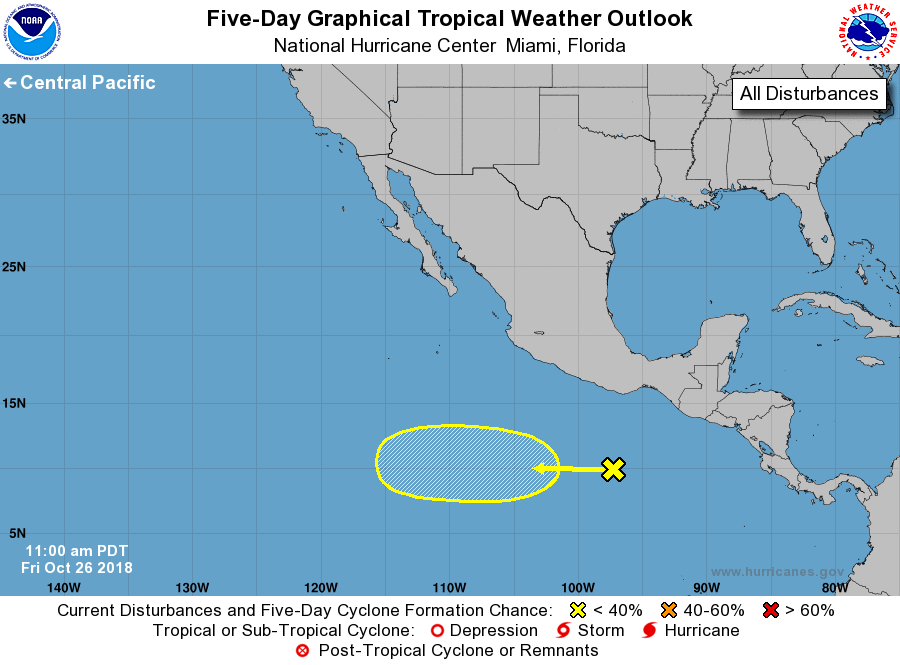
For the eastern North Pacific...east of 140 degrees west longitude:

1. A trough of low pressure continues to produce persistent but disorganized showers and thunderstorms several hundred miles south of the Gulf of Tehuantepec. Although strong upper-level winds and nearby dry air should limit development during the next couple of days, some slow organization of this disturbance is possible late this weekend and early next week while it moves generally westward at 10 to 15 mph.
* Formation chance through 48 hours...low...near 0 percent.
* Formation chance through 5 days...low...30 percent.

Forecaster Zelinsky